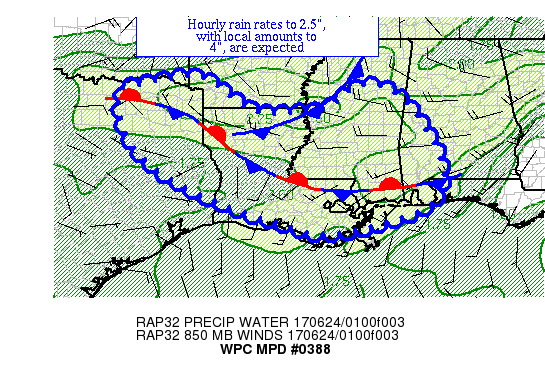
AREAS AFFECTED...PORTIONS OF LA & MS

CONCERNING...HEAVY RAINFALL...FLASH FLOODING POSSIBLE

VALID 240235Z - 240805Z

SUMMARY...THUNDERSTORMS WITH HEAVY RAINFALL ARE MOVING INTO AN
AREA WITH PARTIALLY SATURATED SOILS.  HOURLY RAIN RATES TO 2.5",
WITH LOCAL AMOUNTS TO 4", ARE EXPECTED THROUGH 08Z.

DISCUSSION...AN OUTFLOW BOUNDARY IS MOVING INTO A REGION WITH
CONVERGENT 850 HPA FLOW, WHICH HAS SET THE STAGE FOR THUNDERSTORM
FORMATION OUT AHEAD OF AN INCOMING OUTFLOW BOUNDARY.  MUCAPE
VALUES OF 1000-3000 J/KG LIE ACROSS THIS AREA.  PRECIPITABLE WATER
VALUES OF 2-2.4" EXIST HERE.  EFFECTIVE BULK SHEAR IS NEAR 25 KTS.

THE EXPECTATION IS FOR THE OUTFLOW BOUNDARY TO MARCH FORWARD,
THOUGH THERE IS A CHANCE THE WESTERN END OF THE LINE TRIES TO HANG
UP DUE TO THE 3000+ J/KG MUCAPE VALUES FARTHER WEST ACROSS LA AND
TX.  THE 12Z SPCWRF HAS THE BEST CONCEPT OF WHAT IS UPCOMING
THROUGH 08Z.  OVER THE EASTERN PORTION OF THIS AREA, GROUNDS ARE
PARTIALLY SATURATED DUE TO EARLIER RAINS CAUSED BY CINDY.  IN THE
WESTERN PORTION OF THE AREA, THIS COULD THREATEN THE HIGHER FLASH
FLOOD GUIDANCE VALUES  THE HOPE IS THAT CONVECTION ACROSS THIS
AREA WILL BE ON THE WANE BY 08Z, WHICH IS SUPPORTED BY THE 18Z
SSEO NEIGHBORHOOD PROBABILITY TRENDS.